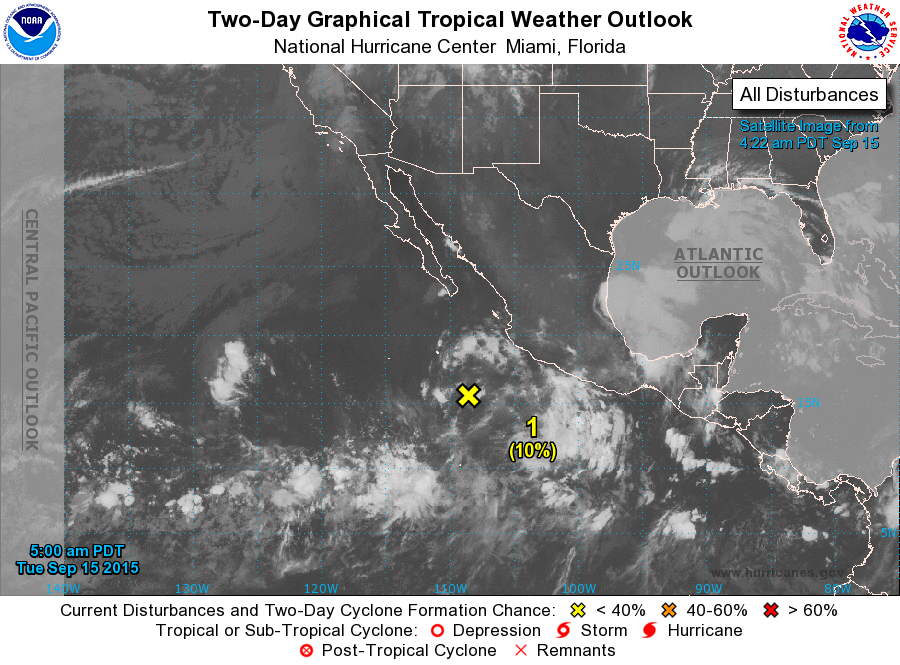
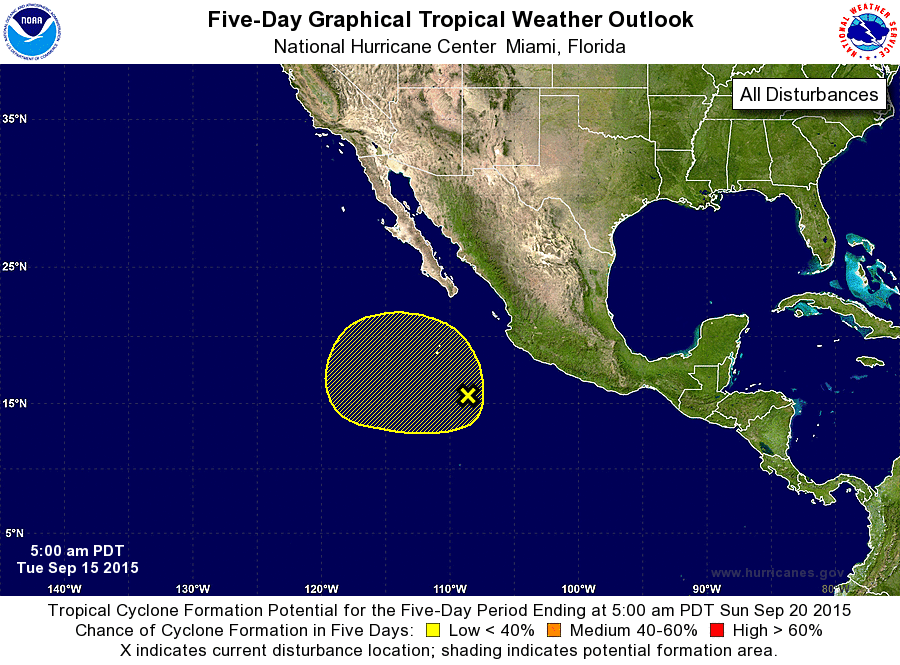
For the eastern North Pacific...east of 140 degrees west longitude:

1. Shower and thunderstorm activity associated with a broad area of low pressure located several hundred miles south of the southern tip of the Baja California peninsula has diminished since yesterday. However, some slow development of this system is still possible during the next several days while it moves generally northwestward at 5 to 10 mph.
* Formation chance through 48 hours...low...10 percent
* Formation chance through 5 days...low...30 percent

Forecaster Roberts